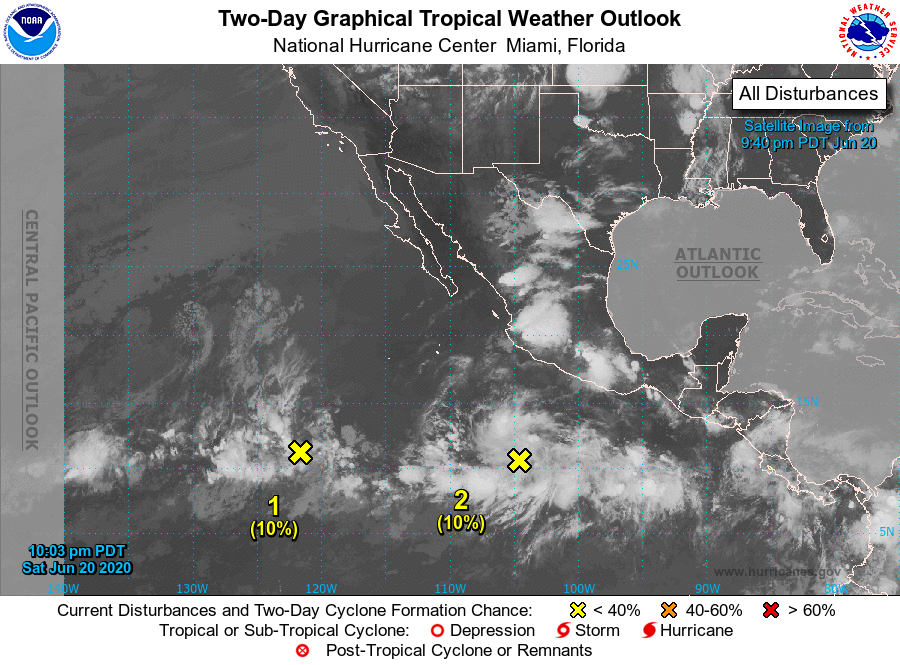
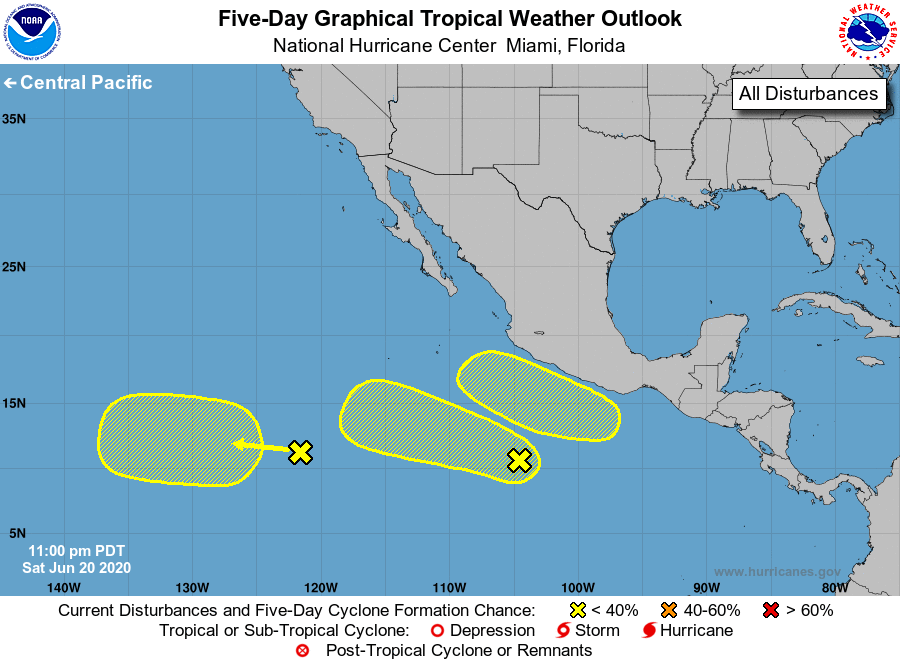
For the eastern North Pacific...east of 140 degrees west longitude:

1. A broad area of low pressure located more than 1000 miles southwest of the southern tip of the Baja California peninsula is producing disorganized showers and thunderstorms. Environmental conditions could support some slow development of this system during the next few days while the disturbance moves generally westward.
* Formation chance through 48 hours...low...10 percent.
* Formation chance through 5 days...low...30 percent.

2. An area of disturbed weather is located several hundred miles south of the southwestern coast of Mexico. Some slow development of this system is possible through middle of next week as it moves westward, away from the coast of Mexico.
* Formation chance through 48 hours...low...10 percent.
* Formation chance through 5 days...low...30 percent.

3. Another area of disturbed weather is forecast to form south of the coast of Mexico by the middle of next week. Additional development could then occur as the system moves west-northwestward parallel to the coast of Mexico.
* Formation chance through 48 hours...low...near 0 percent.
* Formation chance through 5 days...low...30 percent.

Forecaster Zelinsky